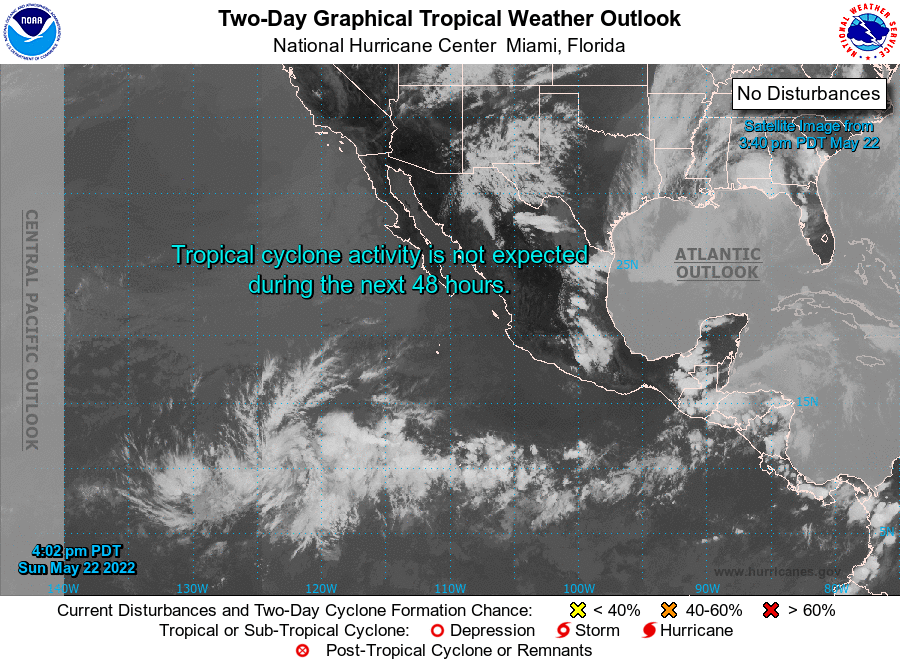
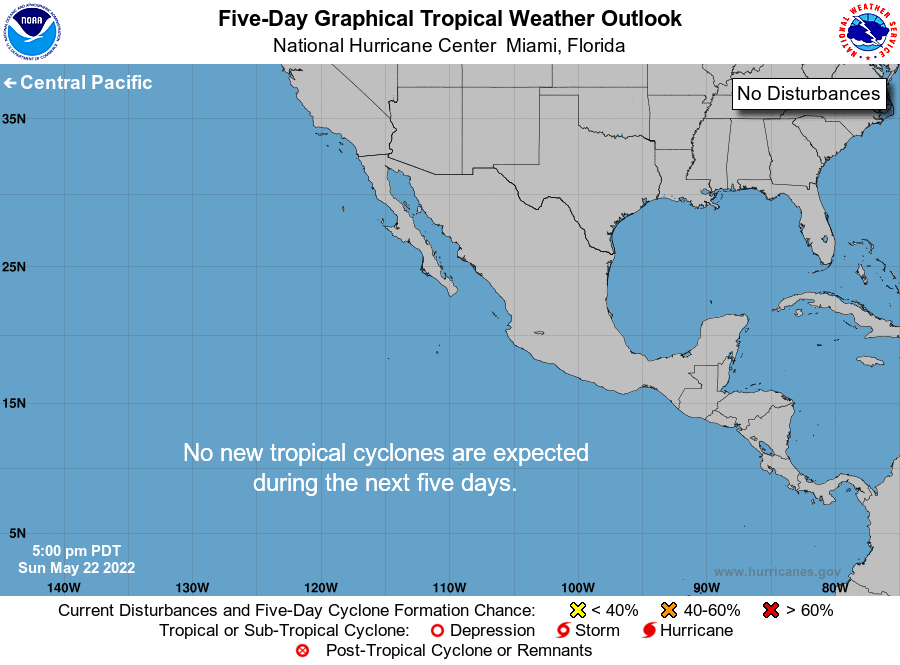
For the eastern North Pacific...east of 140 degrees west longitude:

Tropical cyclone formation is not expected during the next 5 days.

Forecaster Roberts